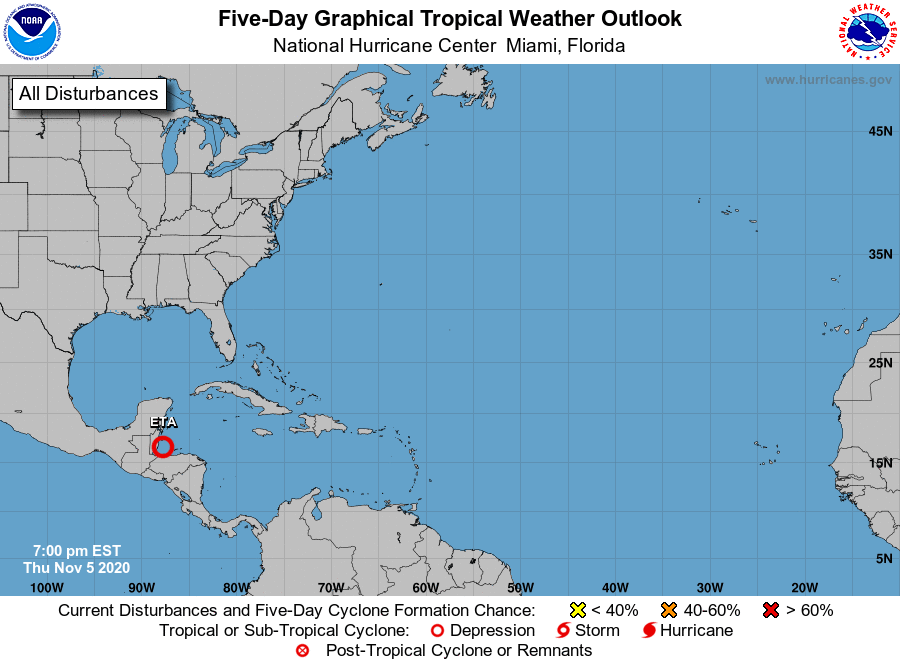
For the North Atlantic...Caribbean Sea and the Gulf of Mexico:

The National Hurricane Center is issuing advisories on Tropical Depression Eta, located over the Gulf of Honduras.

Tropical cyclone formation is not expected during the next 5 days.

Forecaster Blake